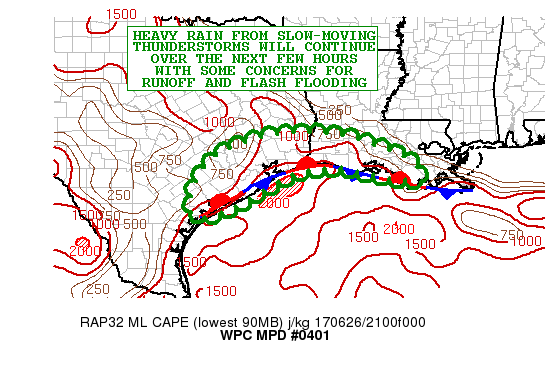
AREAS AFFECTED...SOUTHEAST TX...SOUTHERN LA

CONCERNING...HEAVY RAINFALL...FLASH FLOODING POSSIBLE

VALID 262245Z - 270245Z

SUMMARY...SLOW-MOVING SHOWERS AND THUNDERSTORMS WILL CONTINUE TO
BE A THREAT OVER THE NEXT FEW HOURS.

DISCUSSION...THE PROXIMITY OF A OLD WEAK STATIONARY FRONT WITH AN
ABUNDANCE OF DIURNALLY ENHANCED INSTABILITY AND A RATHER DEEP
LAYER OF MOISTURE WILL CONTINUE TO FOSTER DEVELOPMENT OF SHOWERS
AND THUNDERSTORMS OVER THE NEXT FEW HOURS. SOME LOCALIZED
SEA-BREEZE AND MESOSCALE BOUNDARY FORCING IS EXPECTED TO FURTHER
CONCENTRATE THE CONVECTION ON A SMALLER SCALE.

PWATS OF 2 TO 2.2 INCHES WILL FAVOR HIGHLY EFFICIENT RAINFALL
PROCESSES...WHICH WILL CONTRIBUTE TO RAINFALL RATES UP TO 3
INCHES/HR LOCALLY. THE SLOW CELL MOTION COURTESY OF A WEAK MEAN
STEERING FLOW PATTERN WILL ADD TO THE RAINFALL POTENTIAL...WITH
LOCALIZED AMOUNTS UP TO 5 INCHES NOT OUT OF THE QUESTION. THIS IS
CONSISTENT WITH THE LATEST HRRR GUIDANCE.

CONDITIONS SHOULD IMPROVE LATER IN THE EVENING AS SURFACE
INSTABILITY BEGINS TO WANE...BUT THESE AMOUNTS ESPECIALLY NEAR
URBANIZED AREAS WILL CAUSE RUNOFF PROBLEMS AND POTENTIALLY SOME
FLASH FLOODING OVER THE NEXT FEW HOURS.